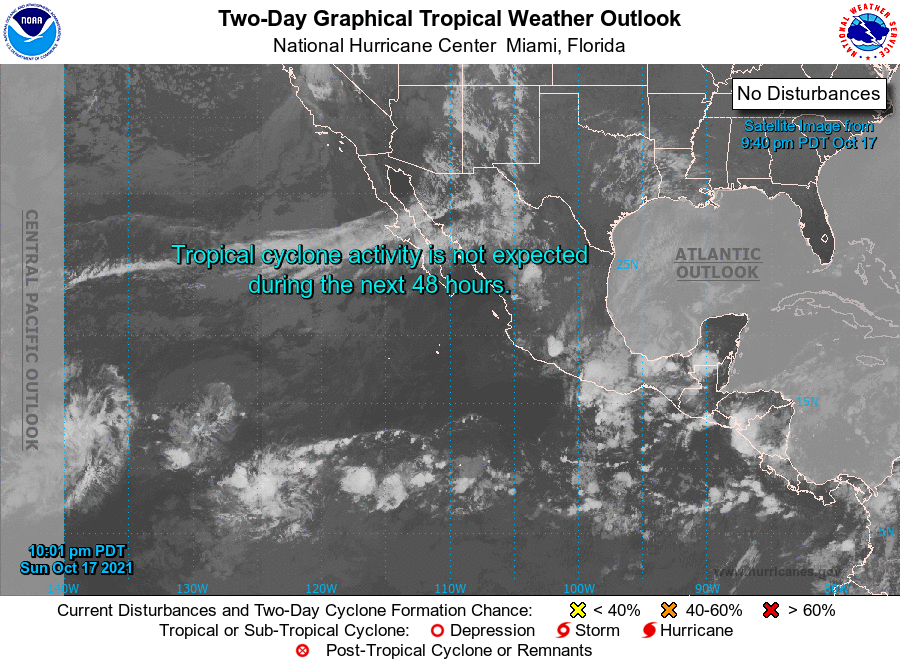
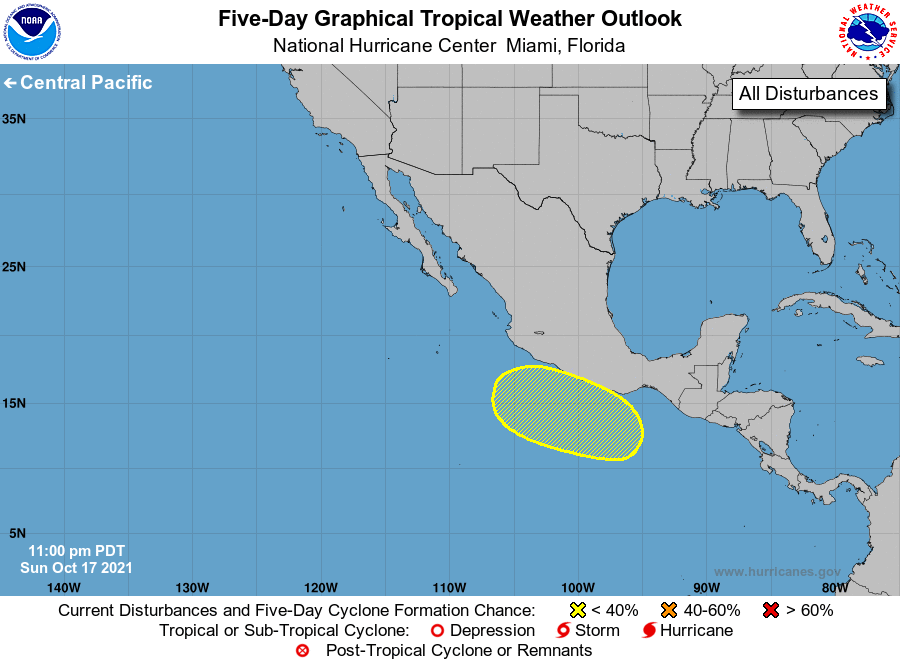
For the eastern North Pacific...east of 140 degrees west longitude:

1. A broad area of low pressure is expected to form in a few days a couple of hundred miles south of the coast of southern Mexico. Some slow development of this system is possible thereafter as it moves west-northwestward off the coast of Mexico.
* Formation chance through 48 hours...low...near 0 percent.
* Formation chance through 5 days...low...20 percent.

Forecaster Cangialosi